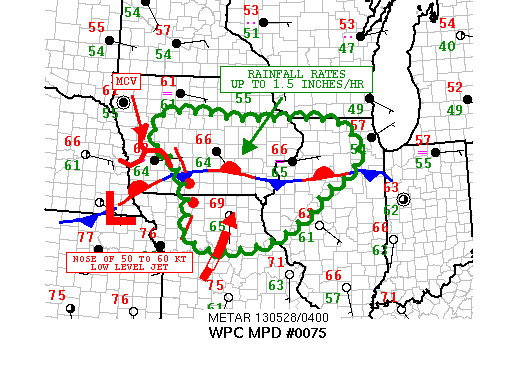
AREAS AFFECTED...CENTRAL AND EASTERN IA...NORTHEAST MO...WESTERN
IL

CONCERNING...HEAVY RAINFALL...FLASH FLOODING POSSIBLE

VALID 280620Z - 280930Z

SUMMARY...FORWARD PROPAGATING MCS PRODUCING INTENSE RAINFALL RATES
OVER SATURATED SOILS. ADDITIONAL SHORT-TERM FLASH FLOODING WILL BE
POSSIBLE.

DISCUSSION...LATEST RADAR AND IR SAT IMAGERY SHOWS A COLD-TOPPED
FORWARD PROPAGATING MCS ADVANCING ACROSS SWRN IA ATTM...WITH THE
SRN TAIL OF IT SEEN BOWING RATHER RAPIDLY EASTWARD ACROSS NRN MO.
ENHANCING THE CONVECTIVE SUSTAINABILITY OF THIS COMPLEX IS THE
PRESENCE OF A 50 TO 60 KT SWLY LOW LEVEL JET AS PER LATEST RAP
ANALYSIS...WITH THE NOSE OF IT AIMED INTO THE SRN FLANK OF THE
MCS. CLOUD TOPS OVER THE LAST COUPLE OF HOURS HAVE CONTINUE TO
COOL...SUGGESTING MORE VIGOROUS CONVECTIVE GROWTH...AND THUS AN
INCREASE IN RAINFALL RATES AT LEAST LOCALLY. IT IS LIKELY THAT THE
CORE OF THIS CONVECTIVE COMPLEX WILL TRAVERSE THE REMAINDER OF
CNTRL/ERN IA OVER THE NEXT FEW HOURS AND MOVE INTO WRN IL. THE SRN
TAIL OF THE MCS SHOULD CROSS THE REMAINDER OF NERN MO BEFORE
EVENTUALLY REACHING IL. GIVEN WET ANTECEDENT CONDITIONS...AND
RAINFALL RATES UPWARDS OF 1.5 INCHES/HR...EXPECT THERE TO BE SOME
ADDITIONAL FLASH FLOOD CONCERNS.